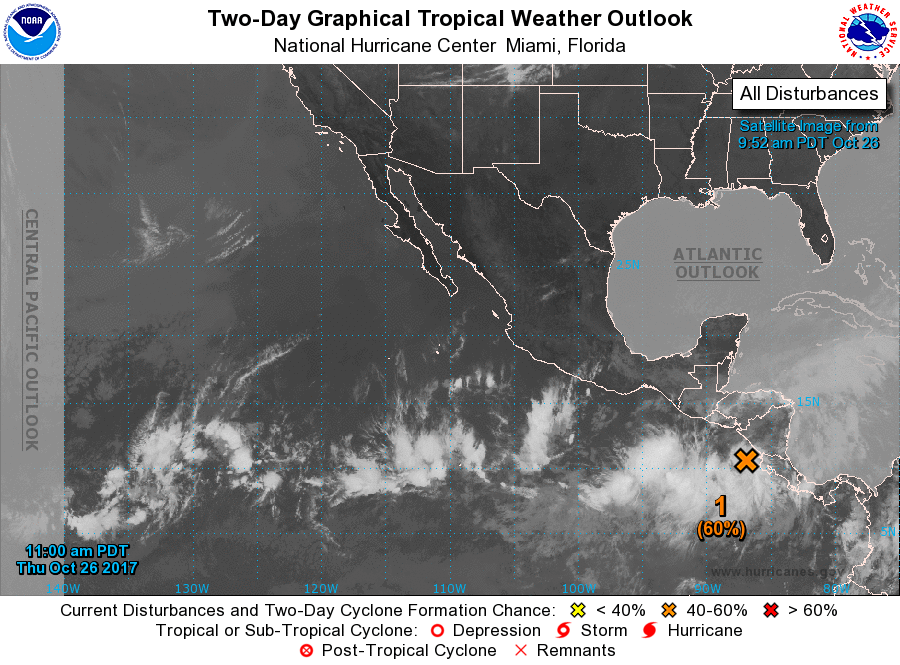
For the eastern North Pacific...east of 140 degrees west longitude:

1. An area of disturbed weather, associated with an elongated area of low pressure, is located just west of the coasts of Costa Rica and Nicaragua. Environmental conditions are forecast to be conducive for development, and a tropical depression could form during the next couple of days as the system moves west-northwestward to northwestward near the coast of Central America. Regardless of development, locally heavy rains are likely over portions of Central America through Friday.
* Formation chance through 48 hours...medium...60 percent.
* Formation chance through 5 days...high...70 percent.

Forecaster Pasch